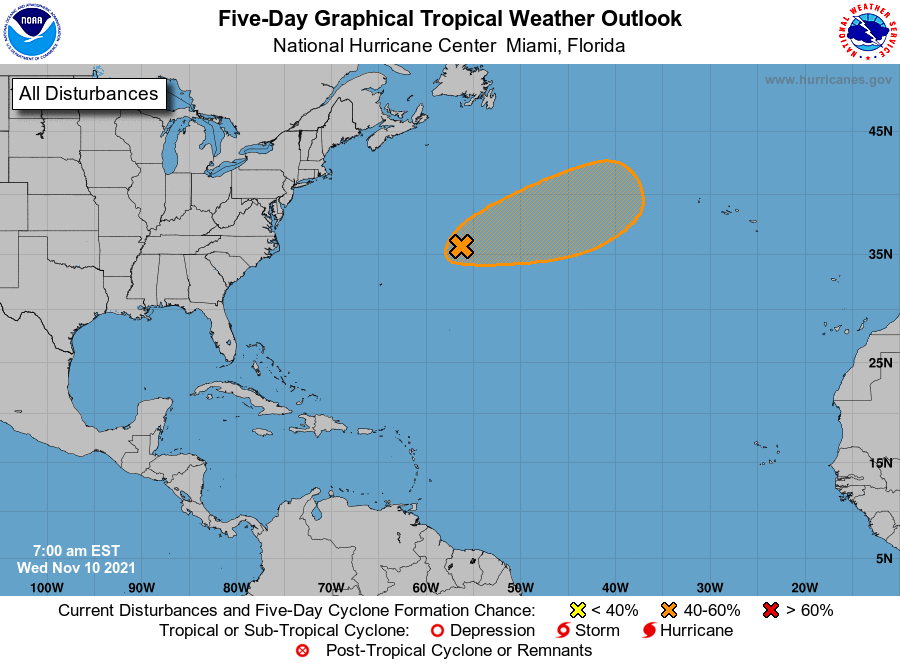
For the North Atlantic...Caribbean Sea and the Gulf of Mexico:

1. Showers and thunderstorms have decreased near the center of a hurricane-force non-tropical low pressure system located a little over 500 miles east-northeast of Bermuda. While a large area of shower activity associated with a frontal boundary persists to the northeast of the low's center, the system has not yet acquired sufficient characteristics to be classified as a subtropical cyclone. However, some additional development is still possible during the next day or two while upper-level winds become a little more favorable, and a subtropical storm could form during this time. Thereafter, the system is forecast to move over colder water and be absorbed by a larger non-tropical low. Additional information on this system, including hurricane force wind warnings, can be found in High Seas forecasts issued by the National Weather Service.
* Formation chance through 48 hours...medium...50 percent.
* Formation chance through 5 days...medium...50 percent.

High Seas Forecasts issued by the National Weather Service can be found under AWIPS header NFDHSFAT1, WMO header FZNT01 KWBC, and online at ocean.weather.gov/shtml/NFDHSFAT1.php

Forecaster Roberts